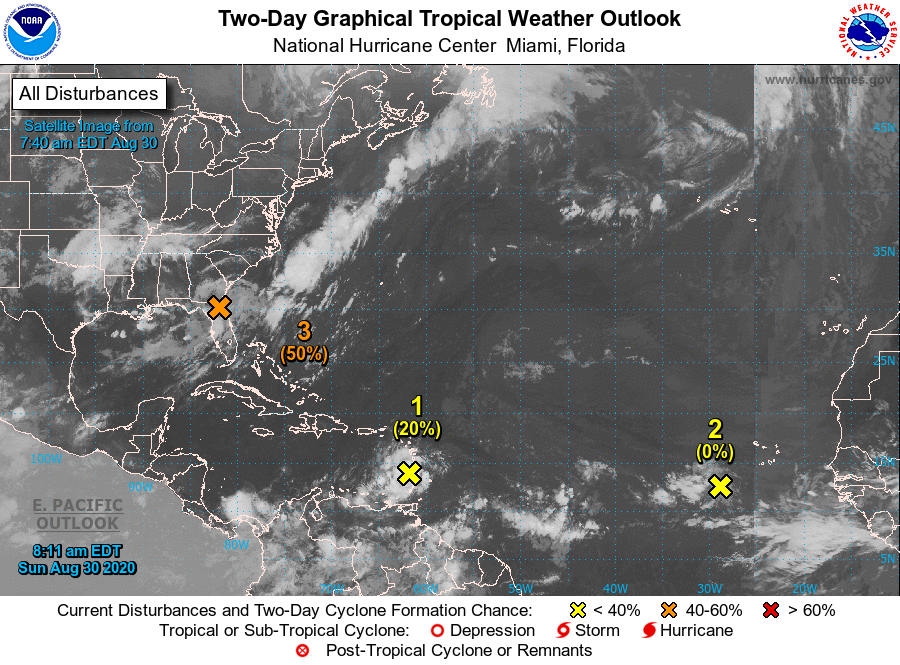
For the North Atlantic...Caribbean Sea and the Gulf of Mexico:

1. Showers and thunderstorms associated with a tropical wave are gradually moving westward away from the Lesser Antilles. Although the disturbance remains disorganized at this time, some gradual development of this system is possible during the next several days while it moves westward at 15 to 20 mph across the Caribbean Sea. Regardless of development, this system will continue to produce gusty winds and locally heavy rainfall across portions of the Windward and Leeward Islands this morning before diminishing this afternoon.
* Formation chance through 48 hours...low...20 percent.
* Formation chance through 5 days...low...30 percent.

2. A westward-moving tropical wave is located over the eastern Atlantic Ocean, several hundred miles southwest of the Cabo Verde Islands. This system is producing limited shower activity, and any further development is expected to be slow to occur while it moves slowly westward over the eastern or central tropical Atlantic.
* Formation chance through 48 hours...low...near 0 percent.
* Formation chance through 5 days...low...30 percent.

3. An area of low pressure is expected to form off the southeastern coast of the United States in a day or two. Subsequent development of this system is possible, and a tropical depression is likely to form by the middle of the week while the system moves northeastward or east-northeastward, initially parallel to the southeastern coast of the U.S. and then away from land.
* Formation chance through 48 hours...medium...50 percent.
* Formation chance through 5 days...high...70 percent.

4. A new tropical wave is expected to emerge off the coast of Africa in a couple of days. Some gradual development of this system will be possible through the end of the week while it moves slowly westward over the far eastern tropical Atlantic Ocean.
* Formation chance through 48 hours...low...near 0 percent.
* Formation chance through 5 days...low...20 percent.

Forecaster Stewart